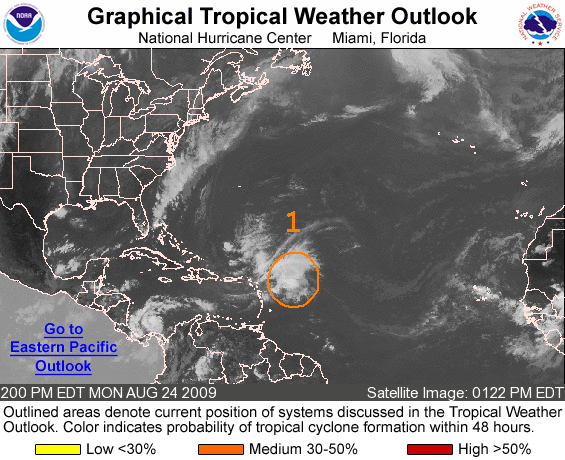
FOR THE NORTH ATLANTIC...CARIBBEAN SEA AND THE GULF OF MEXICO...

1. DISORGANIZED SHOWERS AND THUNDERSTORMS A FEW HUNDRED MILES EAST OF THE LEEWARD ISLANDS CONTINUE IN ASSOCIATION WITH A TROPICAL WAVE INTERACTING WITH AN UPPER-LEVEL LOW. SOME SLOW DEVELOPMENT OF THIS SYSTEM IS POSSIBLE OVER THE NEXT COUPLE OF DAYS AS IT MOVES TOWARD THE WEST-NORTHWEST AT 20 TO 25 MPH. THERE IS A MEDIUM CHANCE...30 TO 50 PERCENT...OF THIS SYSTEM BECOMING A TROPICAL CYCLONE DURING THE NEXT 48 HOURS.

ELSEWHERE...TROPICAL CYCLONE FORMATION IS NOT EXPECTED DURING THE NEXT 48 HOURS.

FORECASTER KIMBERLAIN/PASCH